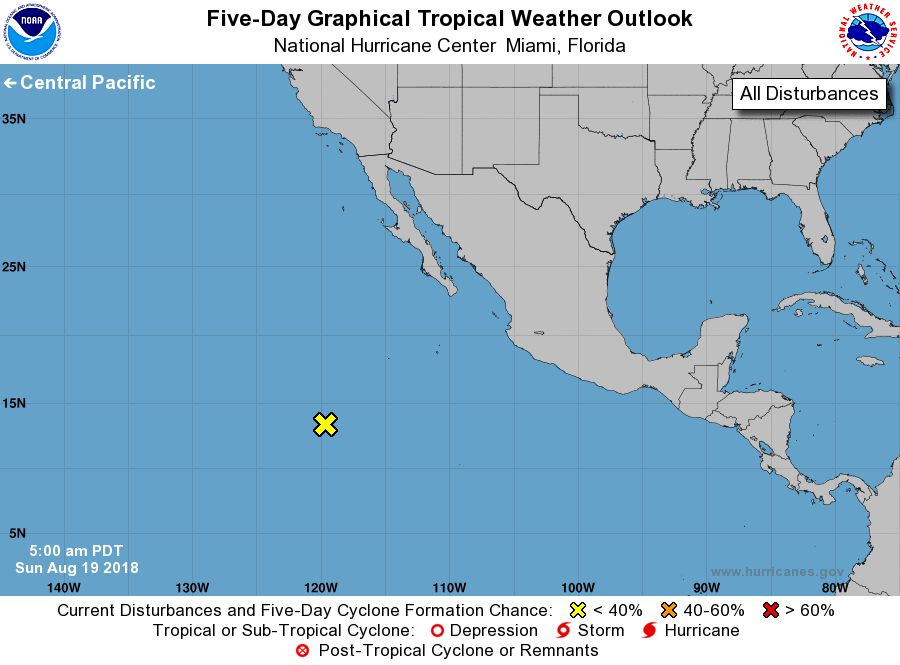
For the eastern North Pacific...east of 140 degrees west longitude:

1. A tropical wave located about 900 miles southwest of the southern tip of the Baja California peninsula continues to produce disorganized shower activity. This system is beginning to encounter strong upper-level winds, and significant development of this system is not anticipated while it moves westward to west-northwestward at 10 to 15 mph.
* Formation chance through 48 hours...low...near 0 percent.
* Formation chance through 5 days...low...near 0 percent.

Forecaster Blake